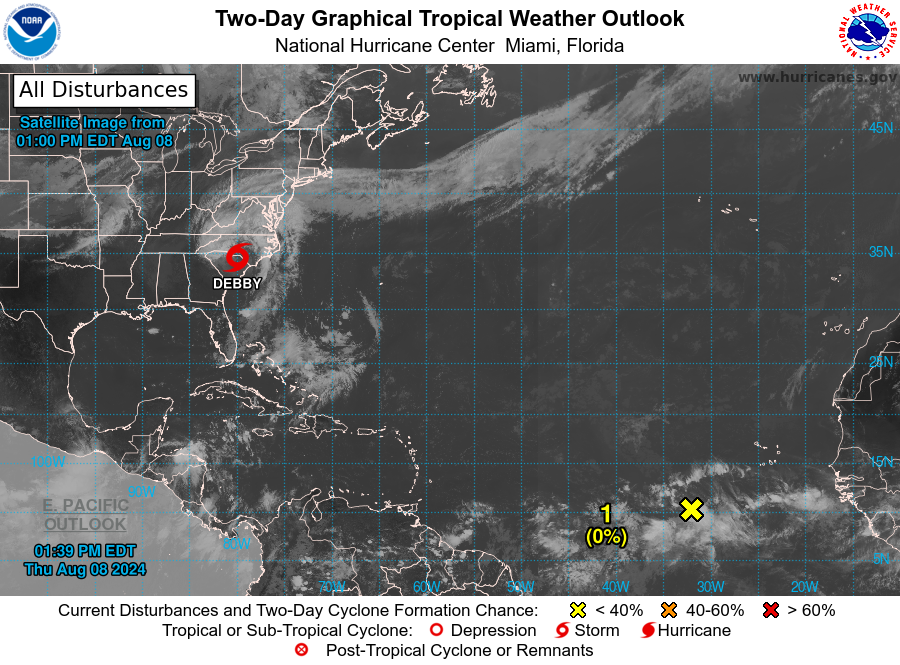
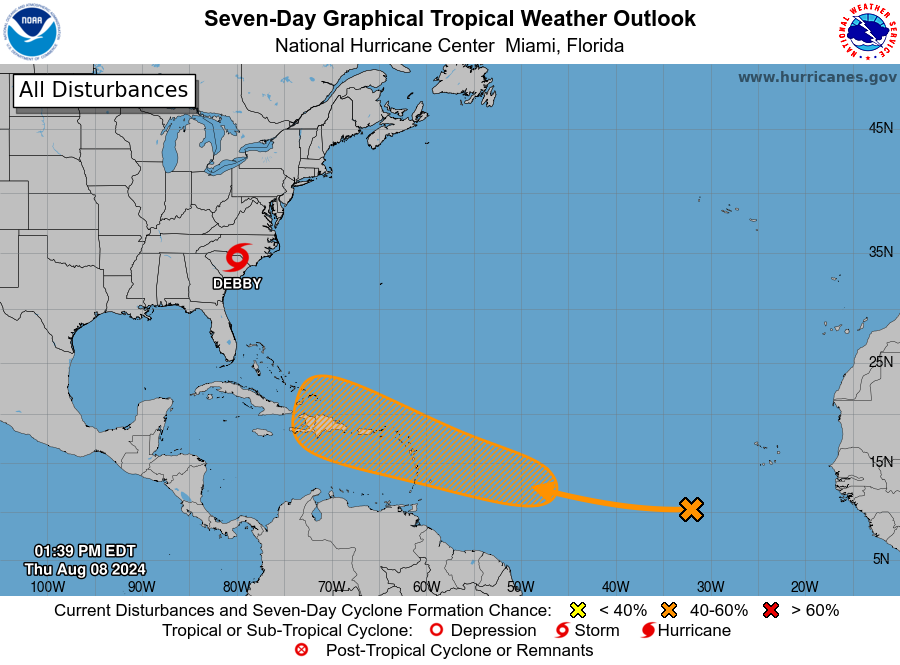
For the North Atlantic...Caribbean Sea and the Gulf of Mexico:

Active Systems: The National Hurricane Center is issuing advisories on Tropical Storm Debby, centered inland near the border of North Carolina and South Carolina.

1. Near the Lesser and Greater Antilles: A tropical wave located over the eastern tropical Atlantic is producing widespread disorganized showers and thunderstorms. Any development of the wave should be slow to occur during the next few days while it moves westward across the central tropical Atlantic. Conditions are expected to become more conducive for development early next week, and a tropical depression could form while it approaches the Lesser Antilles. The system is then forecast to move generally west-northwestward and could approach the Greater Antilles by the middle part of next week.
* Formation chance through 48 hours...low...near 0 percent.
* Formation chance through 7 days...medium...40 percent.

Forecaster D. Zelinsky